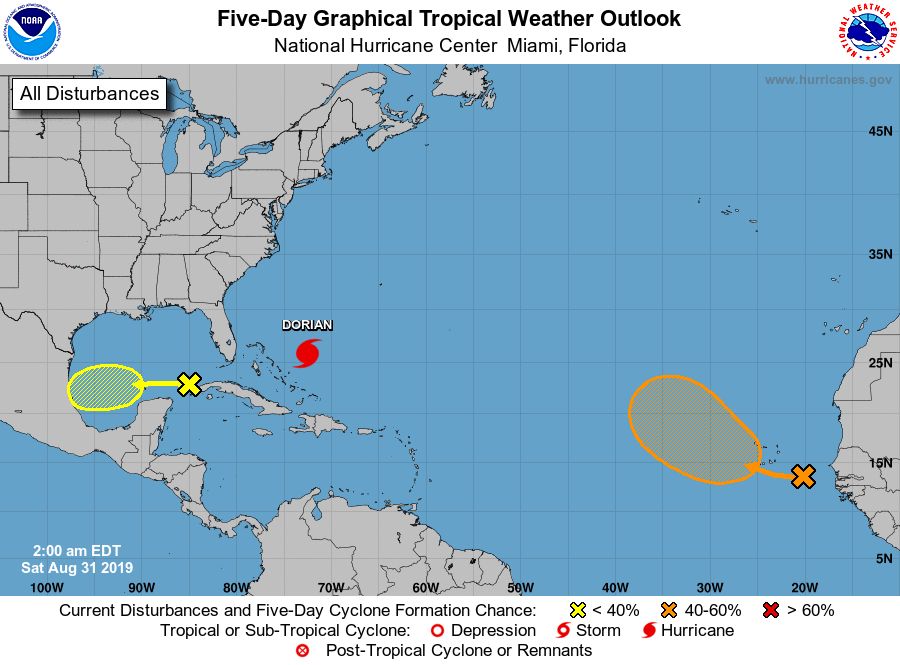
For the North Atlantic...Caribbean Sea and the Gulf of Mexico:

The National Hurricane Center is issuing advisories on Hurricane Dorian, located a few hundred miles east of the northwestern Bahamas.

1. A tropical wave located about midway between the coast of Africa and the Cabo Verde Islands is producing a large area of disorganized showers and thunderstorms. Environmental conditions appear conducive for development of this system, and a tropical depression could form next week while the system moves westward to west-northwestward at 10 to 15 mph across the eastern tropical Atlantic Ocean. Heavy rainfall is possible over portions of the southern Cabo Verde Islands during the next few days, and interests on those islands should monitor the progress of this system.
* Formation chance through 48 hours...low...10 percent.
* Formation chance through 5 days...medium...50 percent.

2. Disorganized showers and thunderstorms over the southeastern Gulf of Mexico are associated with a broad area of low pressure. Some slow development of this system is possible during the next several days while it moves generally westward across the southern and southwestern Gulf of Mexico at 5 to 10 mph.
* Formation chance through 48 hours...low...10 percent.
* Formation chance through 5 days...low...20 percent.

Forecaster Berg